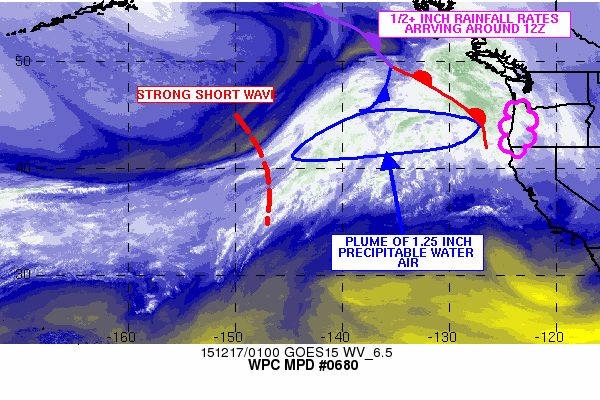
AREAS AFFECTED...OR

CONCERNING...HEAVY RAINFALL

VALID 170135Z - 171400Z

SUMMARY...A MOISTURE PLUME AHEAD OF A STRONG SHORT WAVE OFF THE
PACIFIC NORTHWEST COAST WILL BRING HEAVY RAINFALL TO THE OR COAST
TOWARD 17/12Z.

DISCUSSION...A DEEP MOISTURE PLUME (WITH PRECIPITABLE WATER VALUES
NEAR 2.00 INCHES PER THE LATEST BLENDED TPW IMAGERY) AHEAD OF A
STRONG SHORT WAVE NEAR 40N/145W IS EXPECTED TO REACH THE OR COAST
TOWARD 17/12Z. A 0050Z AMSU PASS SHOWED HOURLY RAINFALL RATES
BETWEEN 0.25 AND 0.50 INCHES.

AS THE SHORT WAVE TRACKS EAST...A 30 TO 35 KNOT LOW LEVEL WESTERLY
FLOW WILL FOCUS THE DEEPENING MOISTURE ON THE OR COASTAL RANGES
TOWARD 17/12Z. THERE IS A HIGH RESOLUTION MODEL CONSENSUS
(INCLUDING THE LATEST HRRR/RAP/18Z NAM CONEST AND 12Z WRF ARW))
THAT 0.50+ INCH RAINFALL RATES ARRIVE ALONG THE OR COAST BETWEEN
17/09Z AND 17/12Z. BASED ON THE MOST RECENT AMSU RAINFALL
RATES...THIS LOOKS CONSISTENT WITH THE HIGH RESOLUTION GUIDANCE
TIMING. RAINFALL RATES ARE THEN EXPECTED TO INCREASE AFTER
17/15Z...AS THE CORE OF THE DEEP MOISTURE PLUME REACHES THE COAST.

RAINFALL TOTALS THROUGH 17/14Z SHOULD RANGE BETWEEN 1.50 AND 2.50
INCHES...WITH THE HIGHEST AMOUNTS ACROSS THE OR COASTAL RANGE.
LESSER QPF AMOUNTS (CLOSER TO 1.50 INCHES) ARE EXPECTED OVER THE
OR CASCADE RANGE.